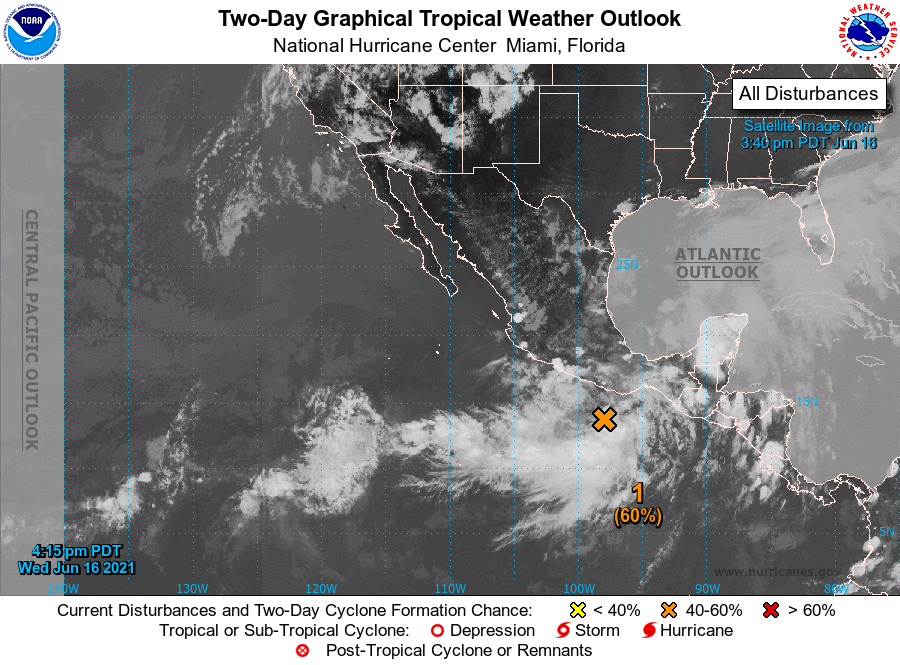
For the eastern North Pacific...east of 140 degrees west longitude:

1. A surface trough of low pressure is producing a large area of disorganized showers and thunderstorms that extends several hundred miles south of the coast of southern Mexico. Environmental conditions appear conducive for development of this system, and a tropical depression is likely to form late this week while moving west-northwestward or northwestward at 5 to 10 mph, near the coast of southwestern Mexico. Regardless of development, heavy rains are likely over coastal sections of the Mexican states of Oaxaca, Guerrero, Michoacan, Colima, and Jalisco during the next few days, which could cause life-threatening flash floods and mud slides. Interests in these areas should monitor the progress of this system through the weekend.
* Formation chance through 48 hours...medium...60 percent.
* Formation chance through 5 days...high...80 percent.

Forecaster Reinhart/Beven